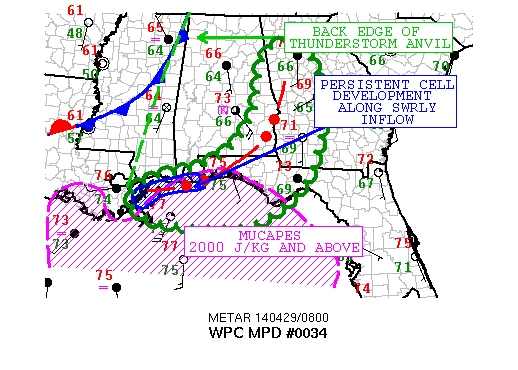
AREAS AFFECTED...FAR SOUTHEASTERN LA/EXTREME SOUTHERN AL/WESTERN
GA/FL PANHANDLE...

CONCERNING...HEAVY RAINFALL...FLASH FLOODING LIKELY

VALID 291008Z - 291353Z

SUMMARY...CONVECTION IS CURRENTLY TRAINING ALONG THE SOUTHWESTERN
EXTENT OF A SQUALL LINE. DURING THE PAST FEW HOURS...THERE HAVE
ALREADY BEEN LOCAL REPORTS OF 3 TO 4 INCHES OF RAINFALL IN AN HOUR
ACROSS AREAS OF SOUTHEASTERN MS/SOUTHWESTERN AL. SUCH EXTREME
RATES WILL REMAIN POSSIBLE DURING THE NEXT COUPLE HOURS AS THE
CONVECTION CONTINUES TO BACKBUILD.

DISCUSSION...THE CURRENT RADAR IMAGERY DEPICTED A SQUALL LINE
ADVANCING INTO FAR WESTERN GA AND BACK ACROSS THE WESTERN FL
PANHANDLE AND JUST SOUTH OF THE MS/AL BORDER. THE NORTHERN EXTENT
OF THE LINE HAS SHOWN MORE EASTWARD MOVEMENT WHICH HAS LIMITED THE
THREAT FOR FLASH FLOODING. MEANWHILE...TO THE SOUTH...A COUPLE
MORE HOURS OF TRAINING THUNDERSTORM ACTIVITY IS POSSIBLE GIVEN THE
RADAR/SATELLITE TRENDS WHICH SHOW VERY SLOW STORM MOTIONS WITH NO
WEAKENING EVIDENT. IR SATELLITE IMAGERY CONTINUES TO INDICATE
CLOUD TOPS REACHING -80C WITH A VERY ACTIVE LIGHTNING SIGNATURE.

THE 09Z RAP SHOWED THERE IS STILL QUITE A BIT OF INSTABILITY ALONG
THE EASTERN GULF COAST WITH MUCAPE VALUES EXCEEDING 3000 J/K WITH
LITTLE TO NO INHIBITION SEEN. AS THE SQUALL LINE WILL BE
ENCOUNTERING THIS AIR MASS DURING THE NEXT HOUR OR TWO...THE
INTENSITY OF THE LINE SHOULD NOT CHANGE MUCH THROUGH 12Z. BEYOND
THIS PERIOD...HIGH-RESOLUTION GUIDANCE DOES SHOW GRADUAL WARMING
OF THE CLOUD TOPS AS THE LLJ STARTS TO WEAKEN. IN SPITE OF THE 1
AND 3-HOUR FFG VALUES BEING RATHER HIGH ACROSS THE FL
PANHANDLE...THE SYSTEM HAS ENOUGH HISTORY OF PRODUCING FLASH FLOOD
CONDITIONS TO KEEP THE THREAT IN PLACE.